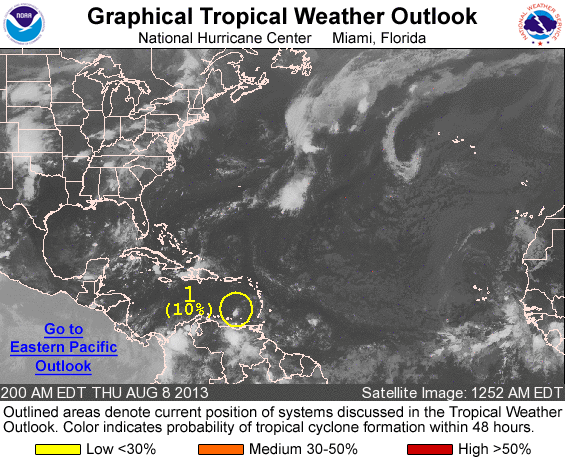
FOR THE NORTH ATLANTIC...CARIBBEAN SEA AND THE GULF OF MEXICO...

1. A WEAK LOW PRESSURE SYSTEM IS PRODUCING A SMALL AREA OF CLOUDINESS AND SHOWERS OVER THE SOUTHEASTERN CARIBBEAN SEA. ENVIRONMENTAL CONDITIONS DO NOT APPEAR CONDUCIVE FOR DEVELOPMENT AS THE LOW MOVES WESTWARD AT 10 TO 15 MPH DURING THE NEXT SEVERAL DAYS. THIS SYSTEM HAS A LOW CHANCE...10 PERCENT...OF BECOMING A TROPICAL CYCLONE DURING THE NEXT 48 HOURS...AND A LOW CHANCE...10 PERCENT...OF BECOMING A TROPICAL CYCLONE DURING THE NEXT 5 DAYS.

FIVE-DAY FORMATION PROBABILITIES ARE EXPERIMENTAL IN 2013. COMMENTS ON THE EXPERIMENTAL FORECASTS CAN BE PROVIDED AT...

HTTP://WWW.NWS.NOAA.GOV/SURVEY/NWS-SURVEY.PHP?CODE=ETWO

FORECASTER BERG